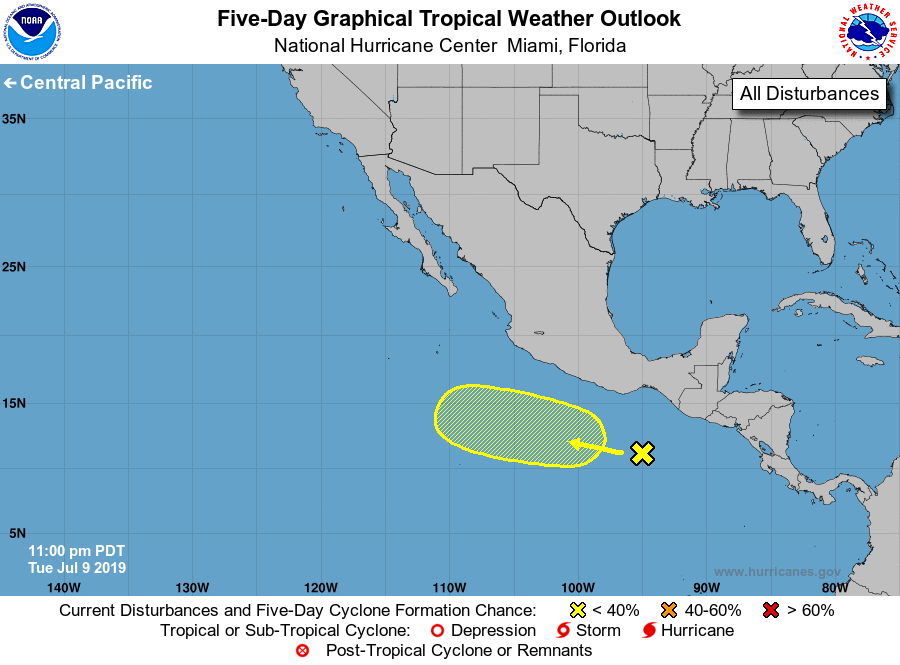
For the eastern North Pacific...east of 140 degrees west longitude:

1. Disorganized showers and thunderstorms located several hundred miles south of the Gulf of Tehuantepec are associated with a tropical wave and a weak area of low pressure. Development, if any, of this system should be slow to occur during the next few days while it moves westward to west-northwestward well offshore of the southern coast of Mexico.
* Formation chance through 48 hours...low...near 0 percent.
* Formation chance through 5 days...low...20 percent.

Forecaster Pasch